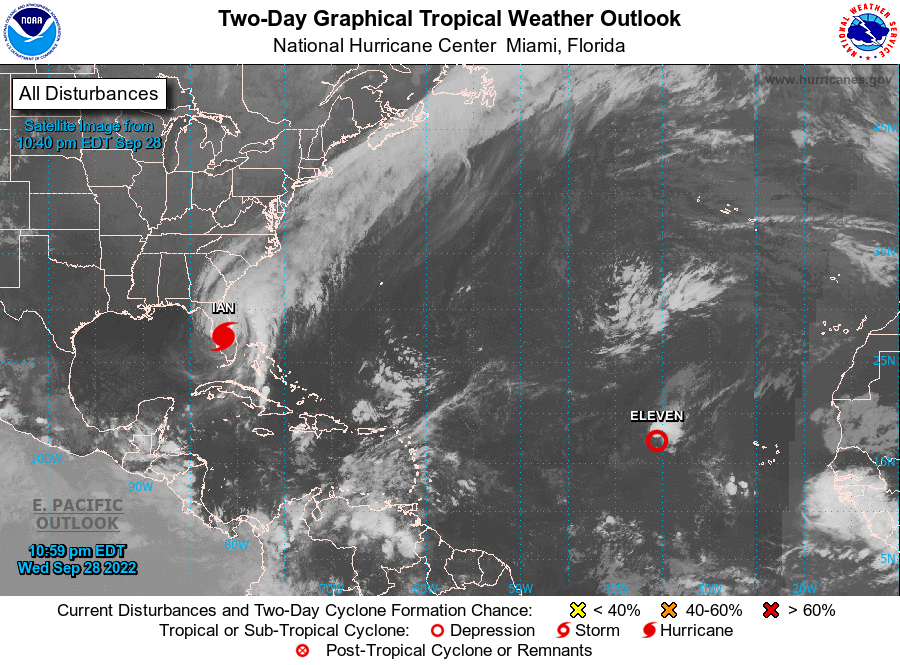
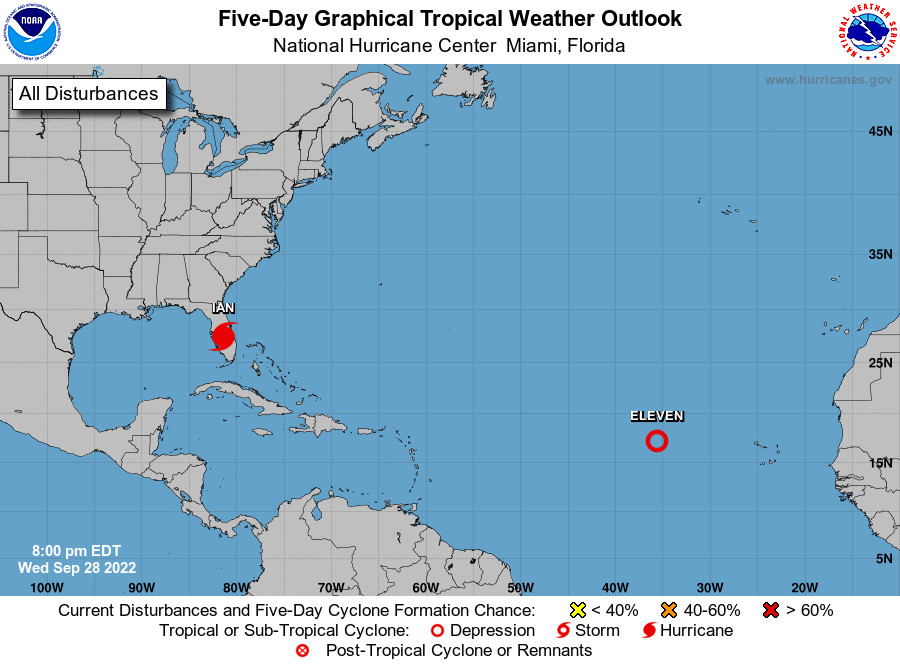
For the North Atlantic...Caribbean Sea and the Gulf of Mexico:

Active Systems: The National Hurricane Center is issuing advisories on Hurricane Ian, located inland over southwestern Florida and on Tropical Depression Eleven, located several hundred miles west of the Cabo Verde islands.

Tropical cyclone formation is not expected during the next 5 days.

&&
Public Advisories on Tropical Depression Eleven are issued under WMO header WTNT31 KNHC and under AWIPS header MIATCPAT1. Forecast/Advisories on Tropical Depression Eleven are issued under WMO header WTNT21 KNHC and under AWIPS header MIATCMAT1.

Forecaster D. Zelinsky